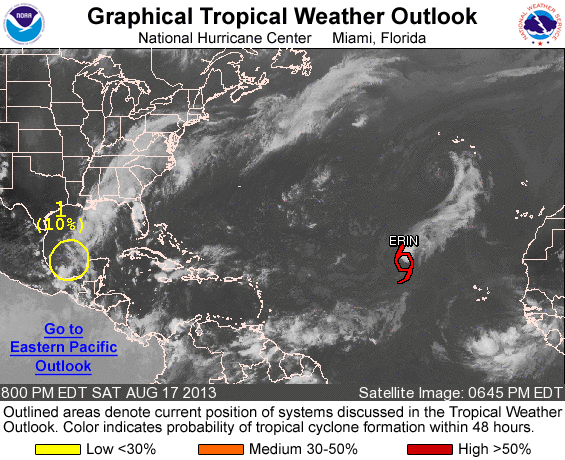
FOR THE NORTH ATLANTIC...CARIBBEAN SEA AND THE GULF OF MEXICO...

THE NATIONAL HURRICANE CENTER IS ISSUING ADVISORIES ON TROPICAL STORM ERIN...LOCATED WEST-NORTHWEST OF THE CAPE VERDE ISLANDS.

1. THE AREA OF LOW PRESSURE OVER THE SOUTHWESTERN GULF OF MEXICO HAS DEGENERATED INTO A TROUGH OF LOW PRESSURE THAT IS DRIFTING WESTWARD. ENVIRONMENTAL CONDITIONS ARE BECOMING UNFAVORABLE FOR DEVELOPMENT AND THIS SYSTEM HAS A LOW CHANCE...10 PERCENT...OF BECOMING A TROPICAL CYCLONE DURING THE NEXT 48 HOURS...AND A LOW CHANCE...10 PERCENT... OF BECOMING A TROPICAL CYCLONE DURING THE NEXT 5 DAYS.

FIVE-DAY FORMATION PROBABILITIES ARE EXPERIMENTAL IN 2013. COMMENTS ON THE EXPERIMENTAL FORECASTS CAN BE PROVIDED AT...

HTTP://WWW.NWS.NOAA.GOV/SURVEY/NWS-SURVEY.PHP?CODE=ETWO

FORECASTER BROWN